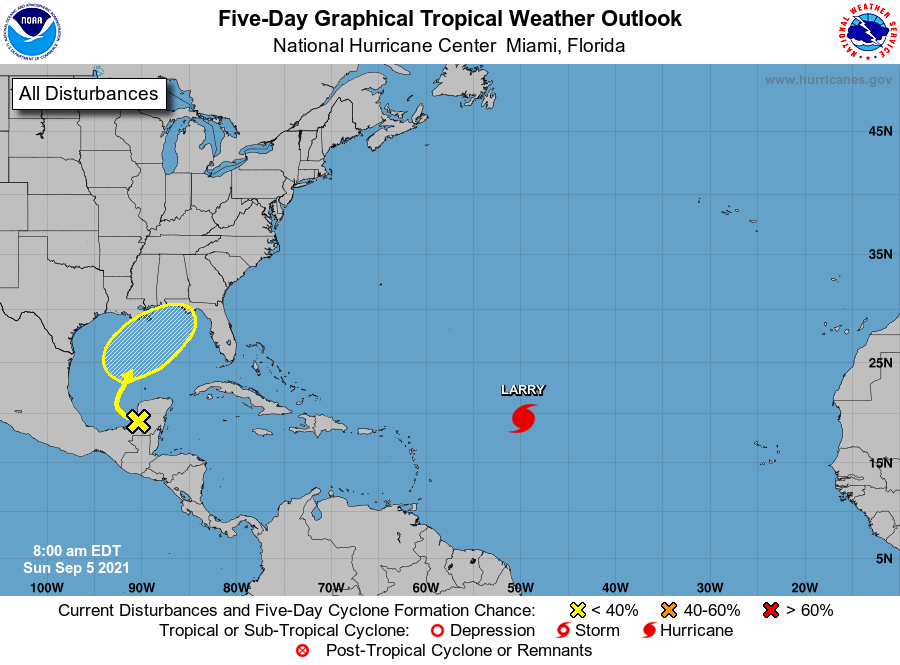
For the North Atlantic...Caribbean Sea and the Gulf of Mexico:

The National Hurricane Center is issuing advisories on Hurricane Larry, located over the central tropical Atlantic about 900 miles east of the northern Leeward Islands.

1. Disorganized showers and thunderstorms over portions of Central America and the Yucatan Peninsula are associated with a surface trough and an upper-level disturbance. Locally heavy rains are likely to continue today over that area. The system is forecast to move northwestward over the southwestern Gulf of Mexico later today, then move slowly northward or northeastward over the western or central Gulf of Mexico. Upper-level winds are only expected to be marginally conducive for tropical cyclone formation, but some slow development is possible while the system moves across the Gulf of Mexico through the middle of the week.
* Formation chance through 48 hours...low...near 0 percent.
* Formation chance through 5 days...low...30 percent.

Forecaster Pasch